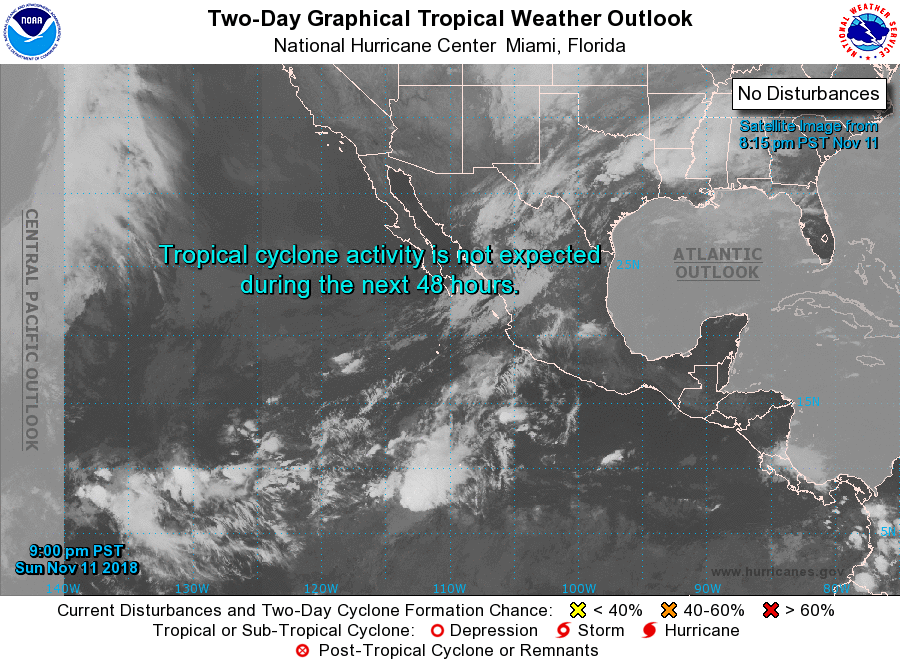
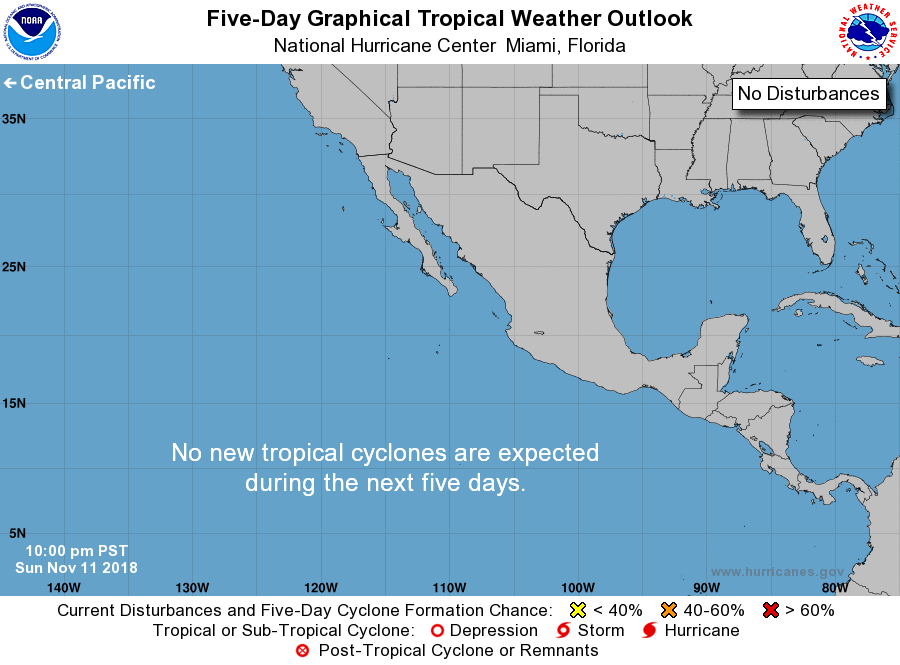
For the eastern North Pacific...east of 140 degrees west longitude:

Tropical cyclone formation is not expected during the next 5 days.

Forecaster Brown